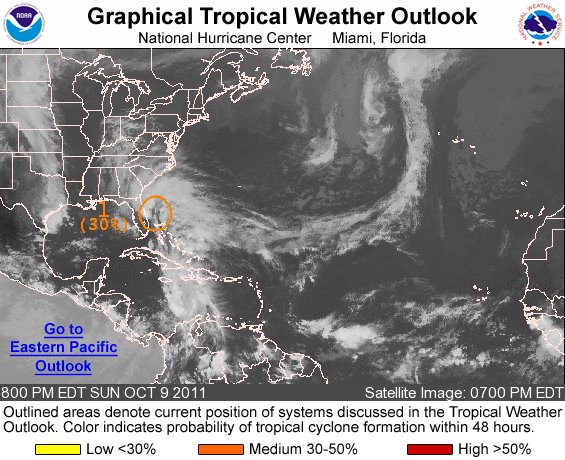
FOR THE NORTH ATLANTIC...CARIBBEAN SEA AND THE GULF OF MEXICO...

1. SURFACE OBSERVATIONS...SATELLITE IMAGERY...AND WSR-88D DOPPLER RADAR DATA FROM MELBOURNE FLORIDA INDICATE THAT A LOW PRESSURE AREA IS LOCATED ABOUT 50 MILES SOUTHEAST OF CAPE CANAVERAL. ALTHOUGH THIS SYSTEM DOES NOT HAVE A WELL-DEFINED SURFACE CENTER OF CIRCULATION...IT IS PRODUCING GALE FORCE WINDS ALONG THE CENTRAL EAST COAST OF FLORIDA AND EASTWARD OVER THE ATLANTIC FOR SEVERAL HUNDRED MILES. THE LOW IS MOVING NORTHWESTWARD NEAR 10 MPH AND IS EXPECTED TO MOVE INLAND OVER NORTH-CENTRAL FLORIDA BY MONDAY MORNING...AND OVER THE EXTREME NORTHEASTERN GULF OF MEXICO OR NORTH FLORIDA BY EARLY TUESDAY. AS LONG AS THE LOW REMAINS OVER WATER...THERE IS STILL SOME POSSIBILITY OF DEVELOPMENT...AND THIS SYSTEM HAS A MEDIUM CHANCE...30 PERCENT...OF BECOMING A SUBTROPICAL CYCLONE DURING THE NEXT 48 HOURS. REGARDLESS OF DEVELOPMENT... STRONG GUSTY WINDS AND LOCALLY HEAVY RAINFALL ARE EXPECTED OVER PORTIONS OF THE SOUTHEASTERN UNITED STATES TODAY AND MONDAY. FOR ADDITIONAL INFORMATION SPECIFIC TO YOUR AREA...INLUDING WATCHES OR WARNINGS...PLEASE SEE STATEMENTS ISSUED BY YOUR LOCAL WEATHER OFFICE.

ELSEWHERE...TROPICAL CYCLONE FORMATION IS NOT EXPECTED DURING THE NEXT 48 HOURS.

FORECASTER PASCH/CANGIALOSI